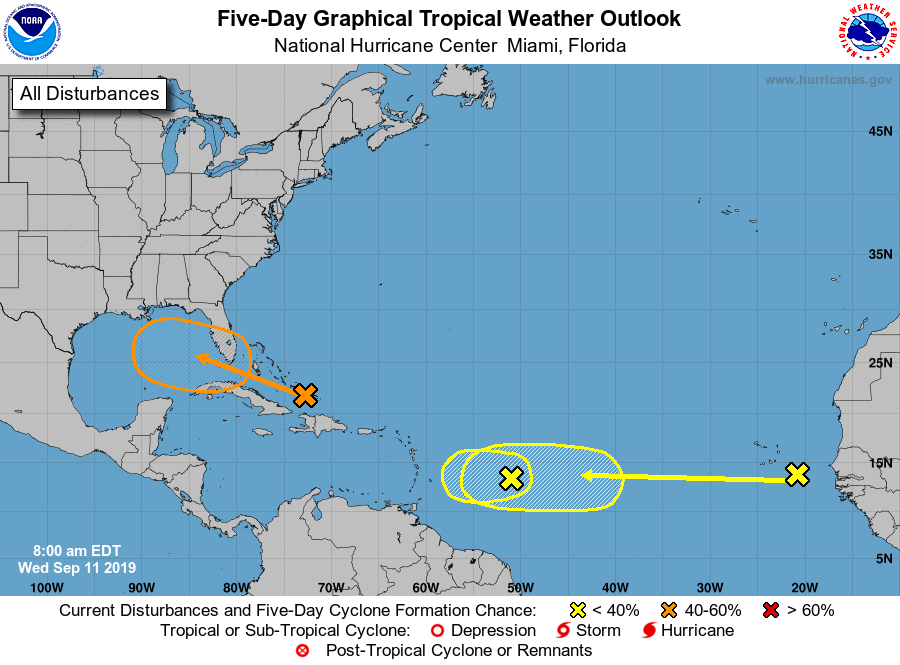
For the North Atlantic...Caribbean Sea and the Gulf of Mexico:

1. Widespread cloudiness and showers extending from the southeastern Bahamas northward over the southwestern Atlantic for a few hundred miles are associated with a surface trough of low pressure. Limited development of this system is anticipated today or tomorrow, however conditions are forecast to become a little more favorable for development over the weekend, and a tropical tropical depression could form as the disturbance moves slowly toward the west-northwest across the Florida Straits or South Florida and over the eastern Gulf of Mexico. Regardless of development, this disturbance could produce periods of locally heavy rainfall and gusty winds across the Bahamas through Thursday, and across Florida during the weekend.
* Formation chance through 48 hours...low...20 percent.
* Formation chance through 5 days...medium...60 percent.

A broad low pressure system, associated with a tropical wave, is located about 650 miles east of the Lesser Antilles. This disturbance is accompanied by a large but disorganized area of cloudiness and thunderstorms. This system is forecast to move westward toward unfavorable upper-level winds for tropical cyclone formation.

2.
* Formation chance through 48 hours...low...10 percent.
* Formation chance through 5 days...low...10 percent.

3. A tropical wave located between the west coast of Africa and the Cabo Verde Islands is forecast to move quickly westward during the next several days. Some slow development is possible over the weekend or early next week when the system is moving over the tropical Atlantic.
* Formation chance through 48 hours...low...near 0 percent.
* Formation chance through 5 days...low...20 percent.

Forecaster Avila